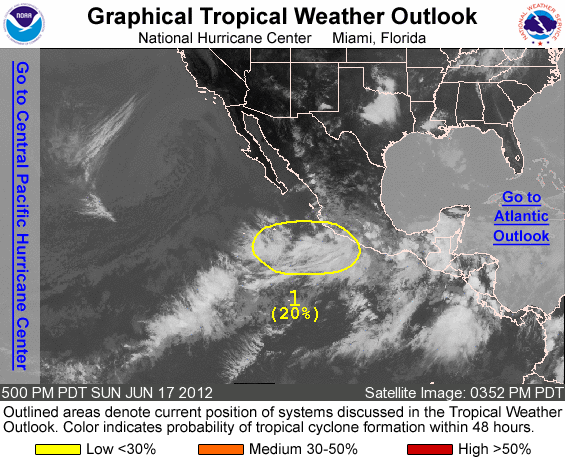
FOR THE EASTERN NORTH PACIFIC...EAST OF 140 DEGREES WEST LONGITUDE..

1. A TROUGH OF LOW PRESSURE EXTENDING FROM NEAR THE COAST OF MEXICO SOUTHWESTWARD INTO THE EASTERN PACIFIC OCEAN FOR SEVERAL HUNDRED MILES CONTINUES TO PRODUCE A LARGE AREA OF DISORGANIZED SHOWERS AND THUNDERSTORMS. ANY DEVELOPMENT OF THIS SYSTEM SHOULD BE SLOW TO OCCUR DURING THE NEXT COUPLE OF DAYS AS IT REMAINS NEARLY STATIONARY. THIS SYSTEM HAS A LOW CHANCE...20 PERCENT...OF BECOMING A TROPICAL CYCLONE DURING THE NEXT 48 HOURS. REGARDLESS OF DEVELOPMENT...HEAVY RAINFALL AND THE THREAT FOR FLASH FLOODS AND MUDSLIDES WILL CONTINUE OVER PORTIONS OF SOUTH-CENTRAL MEXICO FOR THE NEXT COUPLE OF DAYS.

ELSEWHERE...TROPICAL CYCLONE FORMATION IS NOT EXPECTED DURING THE NEXT 48 HOURS.

FORECASTER BRENNAN